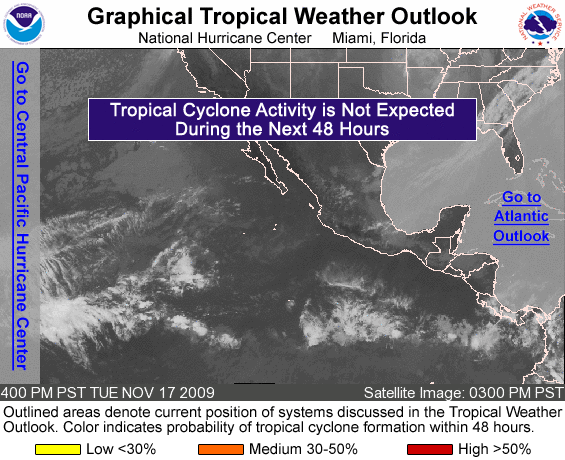
FOR THE EASTERN NORTH PACIFIC...EAST OF 140 DEGREES WEST LONGITUDE..

TROPICAL CYCLONE FORMATION IS NOT EXPECTED DURING THE NEXT 48 HOURS.

FORECASTER CANGIALOSI/BERG